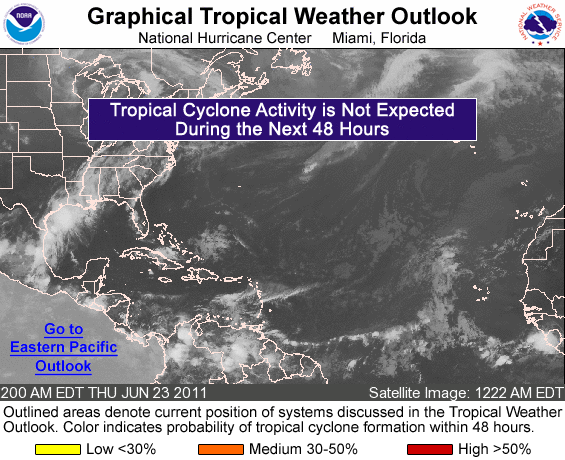
FOR THE NORTH ATLANTIC...CARIBBEAN SEA AND THE GULF OF MEXICO...

TROPICAL CYCLONE FORMATION IS NOT EXPECTED DURING THE NEXT 48 HOURS.

FORECASTER PASCH